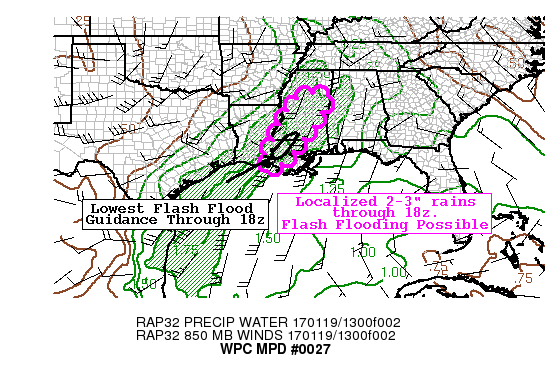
AREAS AFFECTED...EASTERN LOUISIANA...CENTRAL AND SOUTHERN
MISSISSIPPI...

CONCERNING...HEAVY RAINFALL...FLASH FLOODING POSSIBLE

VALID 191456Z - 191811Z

SUMMARY...ONGOING CONVECTION/CELL MERGERS WITHIN INCREASINGLY
MOIST ENVIRONMENT WILL LEAD TO ADDITIONAL RAINFALL TOTALS OF TWO
TO THREE INCHES IN SOME LOCATIONS THROUGH 18Z...WITH SOME
LOCALIZED FLASH FLOODING POSSIBLE.

DISCUSSION...MID-MORNING RADAR MOSAIC SHOWED CONTINUED CONVECTION
PRODUCING MODERATE TO HEAVY RAINFALL...CENTERED JUST EAST OF A
BATON ROUGE TO JACKSON LINE. LATEST WATER VAPOR IMAGERY DEPICTING
A WELL DEFINED SHORTWAVE TROUGH PUSHING ACROSS N MEXICO INTO
SOUTHERN TEXAS...WHICH IS SERVING TO TRANSPORT  SUB-TROPICAL
MOISTURE FEED...AND PW VALUES AOA 1.75"...NORTHEAST ACROSS THE
DEEP SOUTH.

THE HRRR CONTINUES TO HANDLE THESE SHOWERS WELL...AND THE LATEST
TIME-LAGGED HRRR INDICATES A LIKELY AREA OF 1-2" RAINFALL AMOUNTS
WITHIN THE SAME AREA COINCIDENT WITH BEST SWATH OF LIFT/MOISTURE
SUPPORT...WITH SOME AREAS OF 2-3" RAINFALL OVER SE LA AND SOUTHERN
MS...WHICH IS CO-LOCATED WITH LOWEST FLASH FLOOD VALUES (MAINLY
ALONG AND NORTH OF I-12 AND SOUTH OF I-20). LOCALIZED HIGHER RAIN
RATES IN THESE AREAS COULD LEAD TO AREAS OF FLASH FLOODING WHICH
NUDGES TOTALS ABOVE THE 1-HR AND 3-HR FFG. THE ONLY REAL LIMITING
FACTOR IS A LACK OF LOW LEVEL FOCUS...AND THE PROGRESSIVE NATURE
OF THE CONVECTIVE LINE.